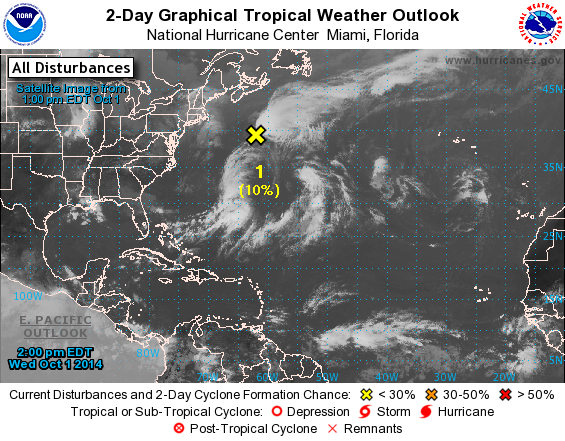
For the North Atlantic...Caribbean Sea and the Gulf of Mexico:

1. A non-tropical gale located about 375 miles south-southeast of Halifax, Nova Scotia, is producing shower and thunderstorm activity northeast of the center. Environmental conditions are expected to remain unfavorable for tropical cyclone formation while this system interacts with an upper-level low and a surface front during the next couple of days. For additional information on this system, please see High Seas Forecasts issued by the National Weather Service.
* Formation chance through 48 hours...low...10 percent.
* Formation chance through 5 days...low...10 percent.

High Seas Forecasts issued by the National Weather Service can be found under AWIPS header NFDHSFAT1 and WMO header FZNT01 KWBC.

Forecaster Brennan